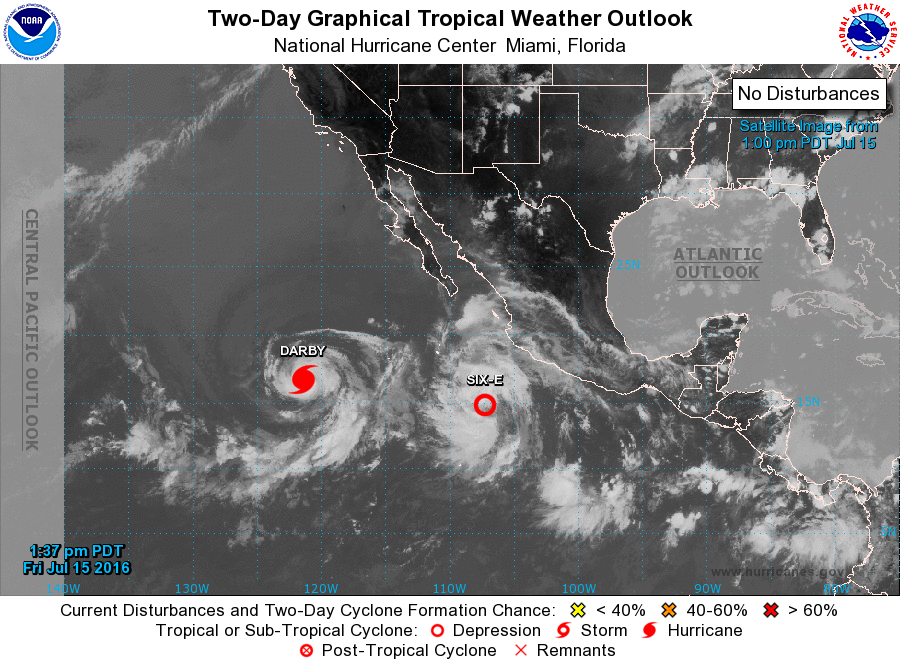
For the eastern North Pacific...east of 140 degrees west longitude:

The National Hurricane Center is issuing advisories on Hurricane Darby, located more than 800 miles southwest of the southern tip of the Baja California peninsula. The National Hurricane Center has initiated advisories on newly formed Tropical Depression Six-E, located several hundred miles south-southwest of Manzanillo, Mexico.

1. An area of low pressure is expected to form well southwest of the coast of Mexico early next week. Environmental conditions are forecast to be conducive for gradual development of this system while it moves slowly west-northwestward.
* Formation chance through 48 hours...low...near 0 percent
* Formation chance through 5 days...low...20 percent

Public Advisories on Tropical Depression Six-E are issued under WMO header WTPZ31 KNHC and under AWIPS header MIATCPEP1. Forecast/Advisories on Six-E are issued under WMO header WTPZ21 KNHC and under AWIPS header MIATCMEP1.

Forecaster Brown